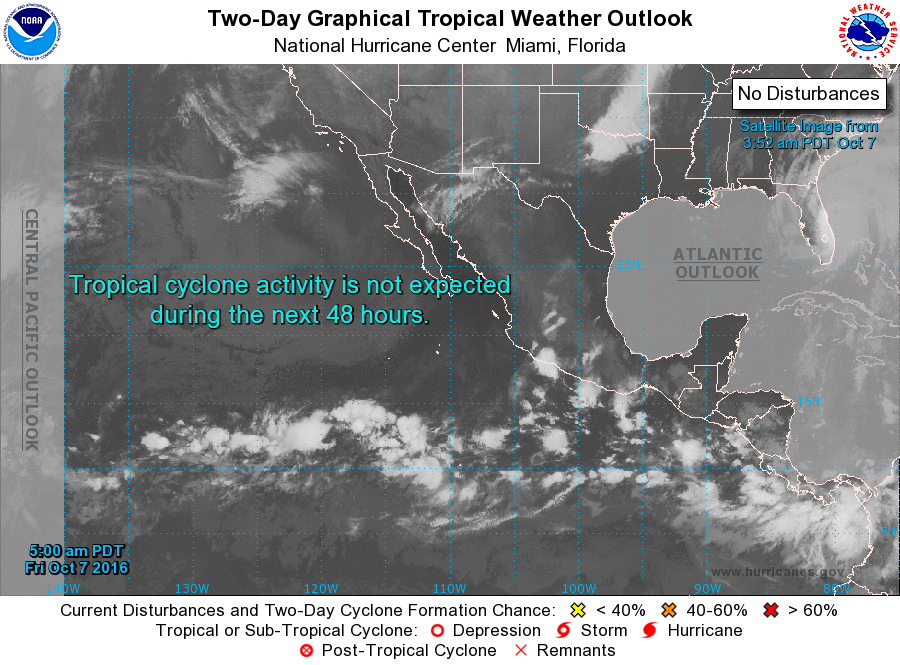
For the eastern North Pacific...east of 140 degrees west longitude:

1. An area of low pressure is expected to form several hundred miles south-southwest or southwest of the southern tip of the Baja California peninsula in a few days. Environmental conditions are expected to be conducive for development of this system, and a tropical depression could form by the early or middle part of next week. The low is expected to move generally west- northwestward at 10 to 15 mph.
* Formation chance through 48 hours...low...near 0 percent
* Formation chance through 5 days...medium...60 percent

2. A second area of low pressure could develop several hundred miles south or southwest of the south-central coast of Mexico early next week. Some gradual development of this system is also possible while the low moves generally westward at about 10 mph.
* Formation chance through 48 hours...low...near 0 percent
* Formation chance through 5 days...low...20 percent

Forecaster Kimberlain